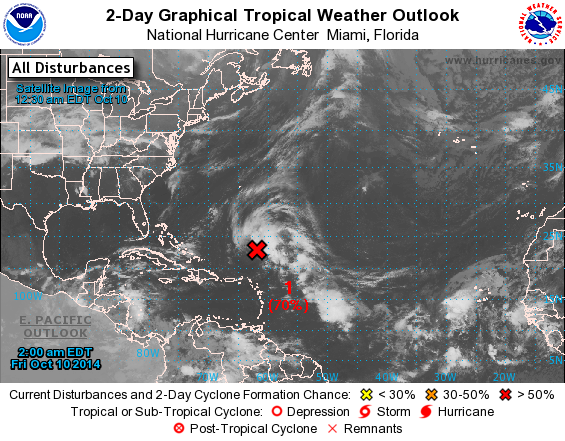
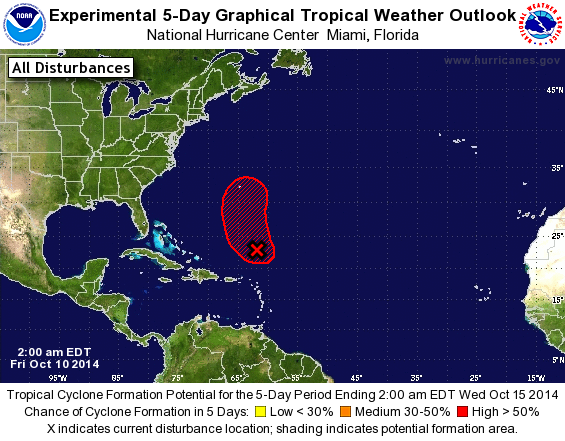
For the North Atlantic...Caribbean Sea and the Gulf of Mexico:

1. Satellite data indicate that the low pressure system located about 350 miles north-northeast of the northern Leeward Islands has become a little better defined. This system is interacting with an upper-level low and is producing showers and thunderstorms mainly to the north and east of the center. Environmental conditions appear generally conducive for development, and a tropical or subtropical depression could form during the next day or so while the system moves northwestward or north-northwestward at 10 to 15 mph.
* Formation chance through 48 hours...high...70 percent.
* Formation chance through 5 days...high...70 percent.

Forecaster Cangialosi